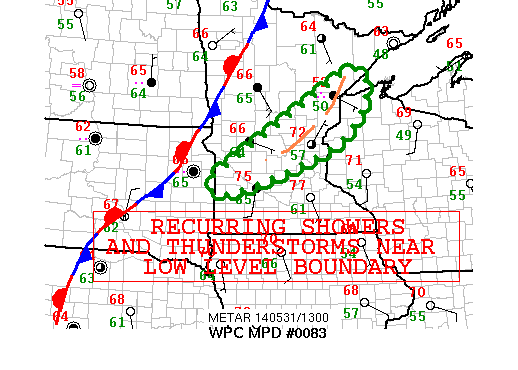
AREAS AFFECTED......CENTRAL MN TO NORTHWEST WI...

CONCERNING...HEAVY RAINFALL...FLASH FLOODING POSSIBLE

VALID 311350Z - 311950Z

SUMMARY...SHOWERS AND THUNDERSTORMS ARE EXPECTED TO PERSIST ACROSS
CENTRAL MN AND NORTHWEST WI OVER THE NEXT SEVERAL HOURS.  RAINFALL
RATES OF 1-2" AN HOUR IN HEAVIER STORMS COULD CAUSE FLASH FLOODING
WHERE CELLS TRAIN.

DISCUSSION...AN AREA OF SHOWERS AND EMBEDDED THUNDERSTORMS HAS
DEVELOPED NEAR WHAT WAS ONCE AN OUTFLOW BOUNDARY AND NOW APPEARS
TO BE A MESOSCALE BAROCLINIC ZONE AS HEATING OCCURS SOUTH OF THE
BNDRY...AND ASCENT OCCURS OVER THE LOW LEVEL BNDRY.

MORNING SOUNDINGS IN THE REGION SHOW DEEP MOISTURE WITH THE
MINNEAPOLIS RAOB INDICATING MEAN LAYER RH OF 77 PERCENT.
THE SOUNDING DEEP LAYER CAPE WAS 1605 J/KG WHICH WAS WELL ABOVE
THE 500-750 J/KG IN THE HIGH RES RAPID REFRESH ANALYSIS AND SHORT
TERM FORECAST.
THE SOUNDING WINDS WERE FROM THE SOUTH-SOUTHWEST WITH LITTLE
DIRECTIONAL SHEAR BELOW 500 MB. THIS RESULTED IN AREAS WHERE CELLS
HAVE TRAINED.
NEW CELLS ARE FORMING UPSTREAM...LEADING TO POTENTIAL FOR MORE
TRAINING AND LOCALLY HEAVY RAINS.

WITH PRECIPITABLE WATER VALUES NEAR 1.6" AND FORECAST TO CREEP UP
THIS AFTERNOON ALONG WITH 850-700 MB MOISTURE FLUX ANOMALIES 1-2
STD DEVIATIONS ABV NORMAL...THE PERSISTENCE OF SHOWERS AND STORMS
LEADS TO A FLOOD THREAT.

RAINFALL RATES IN STRONGER CELLS ARE EXPECTED TO REACH 1-2" AN
HOUR, WITH AMOUNTS POTENTIALLY REACHING 2-3" OVER THE NEXT SEVERAL
HOURS.  THIS IS SUPPORTED BY BANDING EVIDENT IN THE HIGH RES
MODELS LIKE THE WRF ARW...WRF NMM...SPC WRF AND NSSL WRF...AS WELL
AS THE HIGH RES RAPID REFRESH.